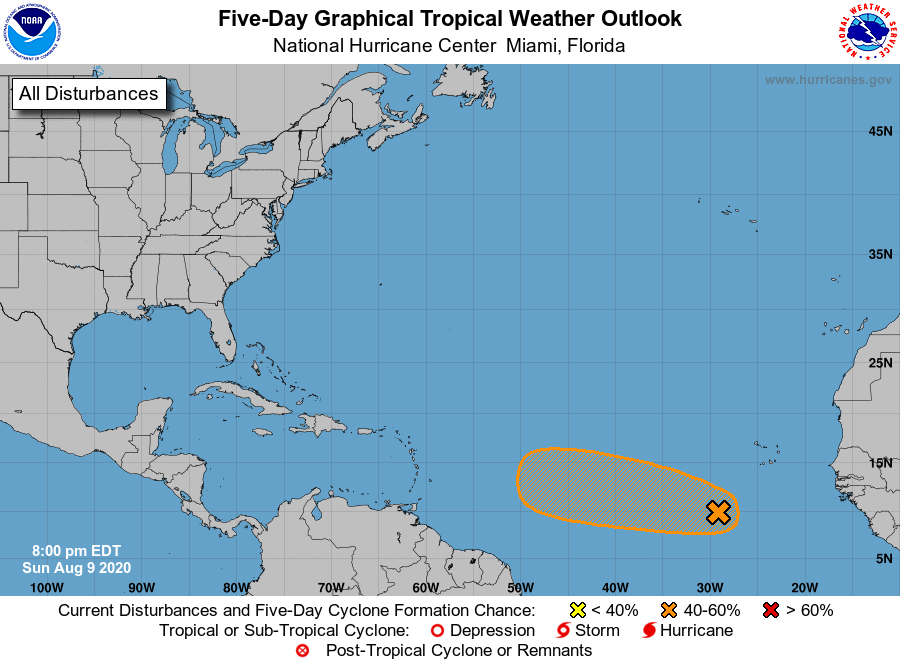
For the North Atlantic...Caribbean Sea and the Gulf of Mexico:

1. Showers and thunderstorms associated with a tropical wave located a few hundred miles south-southwest of the Cabo Verde Islands continue to show signs of organization. However, recent satellite-derived wind data indicates that the circulation remains elongated. Environmental conditions appear conducive enough to support additional development of this system, and a tropical depression could form during the next few days while it moves generally westward at 15 mph across the tropical Atlantic. Conditions are likely to become less conducive for development late this week.
* Formation chance through 48 hours...medium...40 percent.
* Formation chance through 5 days...medium...50 percent.

Forecaster Pasch